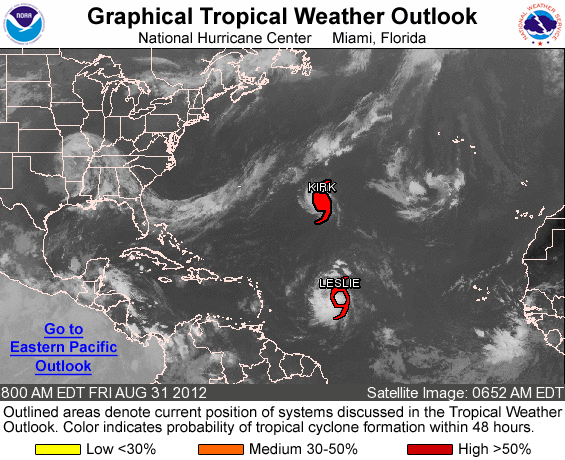
FOR THE NORTH ATLANTIC...CARIBBEAN SEA AND THE GULF OF MEXICO...

THE NATIONAL HURRICANE CENTER IS ISSUING ADVISORIES ON HURRICANE KIRK...LOCATED ABOUT 835 MILES EAST OF BERMUDA...AND ON TROPICAL STORM LESLIE...LOCATED ABOUT 940 MILES EAST OF THE LEEWARD ISLANDS.

THE HYDROMETEOROLOGICAL PREDICTION CENTER IS ISSUING ADVISORIES ON TROPICAL DEPRESSION ISAAC...LOCATED OVER NORTHWESTERN ARKANSAS.

ELSEWHERE...TROPICAL CYCLONE FORMATION IS NOT EXPECTED DURING THE NEXT 48 HOURS.

&&
PUBLIC ADVISORIES ON TROPICAL STORM LESLIE ARE ISSUED UNDER WMO HEADER WTNT32 KNHC AND UNDER AWIPS HEADER MIATCPAT2. FORECAST/ ADVISORIES ON LESLIE ARE ISSUED UNDER WMO HEADER WTNT22 KNHC AND UNDER AWIPS HEADER MIATCMAT2.

FORECASTER BLAKE